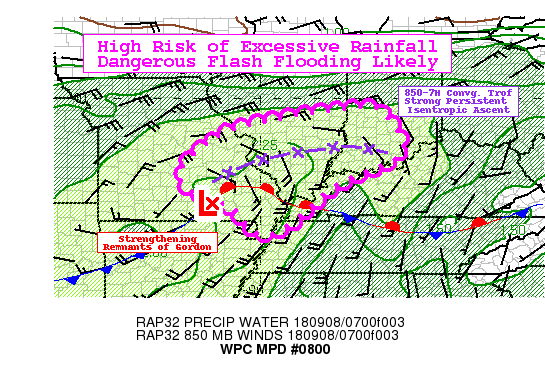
Areas affected...Southeast MO...Southern IL...Southwest
IND...extreme Western KY...

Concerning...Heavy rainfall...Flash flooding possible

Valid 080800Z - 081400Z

SUMMARY...Very dangerous flooding expected ahead of the remnants
of Gordon.

DISCUSSION...The remnant center of Gordon appears to have melded
with the frontal zone across south central MO and the inner most
"band" of Gordon appears to be an effective warm front lifting
across the Mississippi River into S IL with very deep convection
with 10.3um cloud tops cooling to -65C.  These cells appear to be
along the leading edge of the deepest moisture with total PWATs
over 2.3" nearing 2.5" and mean mixing ratios over 16 kg/kg and
environmental instability is around 1000-1250 J/kg to maintain
these strong updrafts.   Given the deep moisture and flux
convergence along the band, cells will be capable of 2.5-3"/hr
rates and likely to induce flash flooding conditions.

RAP analysis depicts the mid-level wave is a bit north of the
surface low and a strong convergence trof extends ENE from just
south of BLV to SLO to LWV.  Between this boundary and the surface
front that is generally along the KY/TN border, very warm moist
and unstable air supports multiple bands of similar but slightly
reduced efficiency (slightly weaker winds/lower
moisture/instability) but with rates over 2"/hr are likely to
induce flash flooding as well.

Cells along these bands will rotate north on the mean flow into
the 850-7H deformation zone/convergence trof.  This trof is
particularly strong as it is fairly vertically stacked/steep north
to south further enhancing a deeper layer for
condensation/rainfall generation.  Due to surface/mid-level height
falls, winds will be steadily increasing with strong isallobaric
component.  30-35kt highly convergent 950mb winds will allow for
greater rainfall efficiency with rates on average of 1"/hr (higher
at times), along convergence trof even without solar
isolation/instability.  Given the orientation of the boundary is
generally parallel to the mean cloud barring flow and expected
track of the surface low (Gordon)...a narrow corridor generally
along/South of I-70 will produce 3-5" over the next 6hrs which has
lead WPC to introduce a High Risk of Excessive Rainfall for the
Day 1 period starting at 12z, where a large area is expected to
have flooding conditions and is a significant threat to life and
property.  Isolated totals over 6-8" are possible through the area
of concern, particularly near the intersection of the 850mb
front/surface front/surface low.